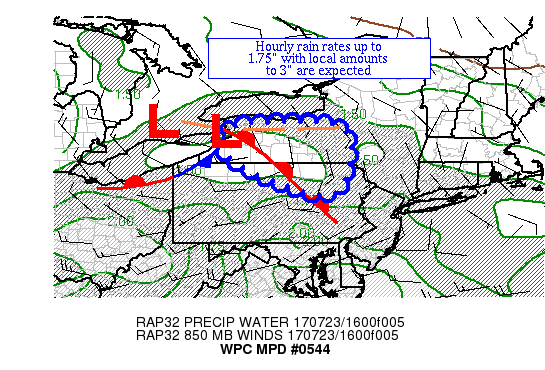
AREAS AFFECTED...WESTERN NY & NORTH-CENTRAL PA

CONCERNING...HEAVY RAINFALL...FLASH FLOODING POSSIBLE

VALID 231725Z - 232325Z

SUMMARY...SHOWERS AND THUNDERSTORMS ARE BEGINNING TO DEVELOP
ACROSS WESTERN NY.  HOURLY RAIN RATES UP TO 1.75" WITH LOCAL
AMOUNTS TO 3" ARE EXPECTED.

DISCUSSION...A FRONTAL WAVE IS LOCATED NEAR BUFFALO NY AT 17Z,
WITH AN ASSOCIATED WARM FRONT EXTENDING FROM WESTERN NY INTO
SOUTHEAST PA.  A FEW SHOWERS/THUNDERSTORMS HAVE FORMED RECENTLY
NEAR THE WESTERN PA/NY BORDER.  WITHIN ITS WARM SECTOR, ML CAPE
VALUES HAVE BEEN RISING DUE TO DAYTIME HEATING, WITH 500-1000 J/KG
NOTED ON RECENT SPC MESOANALYSES.  PRECIPITABLE WATER VALUES ARE
1.3-1.5" PER RECENT GPS DATA.  INFLOW AT 850 HPA IS 10-15 KTS OUT
OF THE SOUTHWEST, SOMEWHAT BELOW THE VALUE OF THE MEAN 850-400 HPA
WIND.  HOWEVER, EFFECTIVE BULK SHEAR OF 25-35 KTS EXISTS IN THE
REGION WHICH COULD ORGANIZE CONVECTION.  WATER VAPOR IMAGERY
IMPLIES A NEARBY UPPER LEVEL JET STREAK TO THE SOUTHEAST OF AN
UPPER LOW CENTERED ACROSS MI.

RECENT EXPERIMENTAL GOES-16 0.86 MICRON/"VEGGIE BAND" IMAGERY
SHOWS PARTLY CLOUDY SKIES ACROSS THE REGION, WHICH SHOULD ALLOW
FOR AN ADDITIONAL 1000 J/KG OF ML CAPE TO BUILD DURING THE DAY
TODAY.  THE EFFECTIVE BULK SHEAR AND UNIDIRECTIONAL FLOW WITH
HEIGHT SHOULD CONSPIRE TO CREATE WEST-EAST THUNDERSTORM BANDS
WHICH COULD TRAIN.  RAP GUIDANCE SUGGESTS A SECOND LOW-LEVEL
CYCLONIC CIRCULATION 70 MILES WEST OF THE CURRENT LOW ACROSS
SOUTHERNMOST ONTARIO MOVES IN FROM THE WEST AND MERGES IN WITH
TIME, WHICH KEEPS THE WESTERN NY CONVERGENCE ZONE IN PLACE.
THUNDERSTORM OUTFLOWS COULD NUDGE CONVECTION SOMEWHAT SOUTHEAST
WITH TIME INTO NORTH-CENTRAL PA.  INSTABILITY SHOULD CONTINUE TO
CREEP NORTHEAST, WITH THE WARM FRONT POSSIBLY JUMPING INTO THE
LOW-LEVEL CONVERGENCE ZONE NEAR 42.8 LATITUDE SO LONG AS OUTFLOW
BOUNDARIES DON'T HOLD UP ITS NORTHWARD PROGRESSION.  THUNDERSTORM
MOTION SHOULD BE TO THE EAST AT ~30 KTS.  HOURLY RAIN RATES UP TO
1.75" ARE EXPECTED.  THE MESOSCALE GUIDANCE SHOWS A GOOD SIGNAL
FOR LOCAL AMOUNTS OF 3".  OVER PARTIALLY SATURATED SOILS, THIS
DEGREE OF RAINFALL COULD BE PROBLEMATIC.